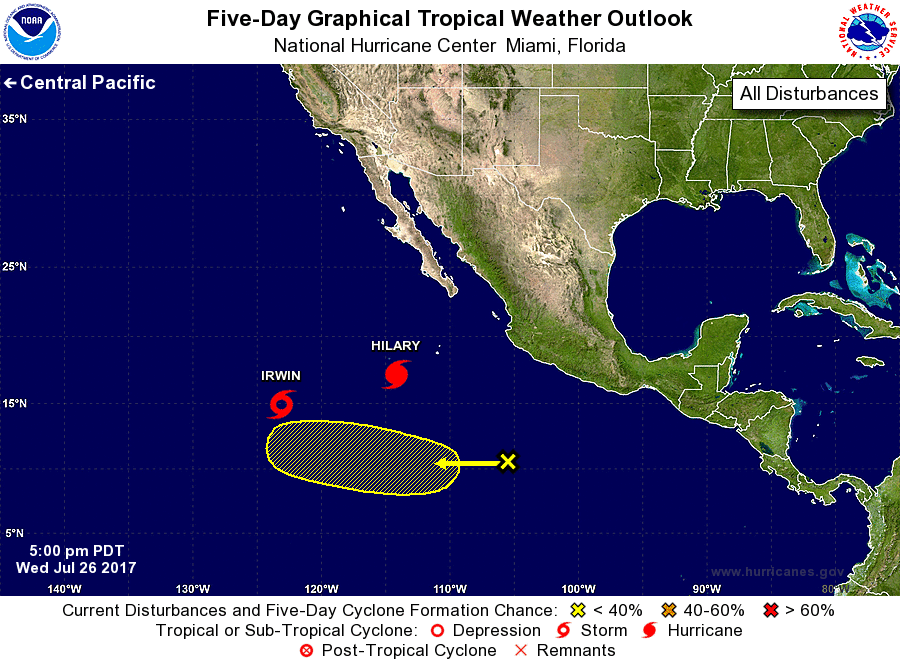
For the eastern North Pacific...east of 140 degrees west longitude:

The National Hurricane Center is issuing advisories on Hurricane Hilary, located several hundred miles south-southwest of the southern tip of the Baja California peninsula, and on Tropical Storm Irwin, located about 1000 miles west-southwest of the southern tip of the Baja California peninsula.

1. Disorganized showers and thunderstorms located several hundred miles south of Manzanillo, Mexico, are associated with a tropical wave. Strong upper-level winds should limit significant development of this system during the next several days while it moves westward at 5 to 10 mph.
* Formation chance through 48 hours...low...near 0 percent.
* Formation chance through 5 days...low...20 percent.

Forecaster Cangialosi